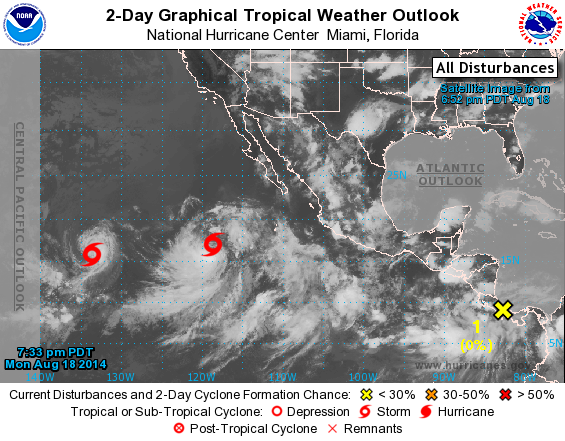
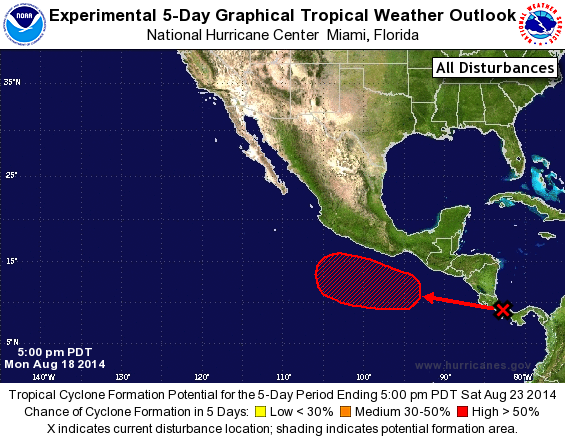
For the eastern North Pacific...east of 140 degrees west longitude:

The National Hurricane Center is issuing advisories on Tropical Storm Karina, located more than a thousand miles east of the Big Island of Hawaii, and on Tropical Depression Twelve-E, located several hundred miles southwest of the southern tip of the Baja California peninsula.

1. A tropical wave over Central America is expected to move westward and cause the formation of a low pressure area south of the Gulf of Tehuantepec by Thursday. Additional development of this system is likely later this week while the low moves west-northwestward well offshore of the coast of southwestern Mexico.
* Formation chance through 48 hours...low...near 0 percent.
* Formation chance through 5 days...high...70 percent.

Forecaster Pasch